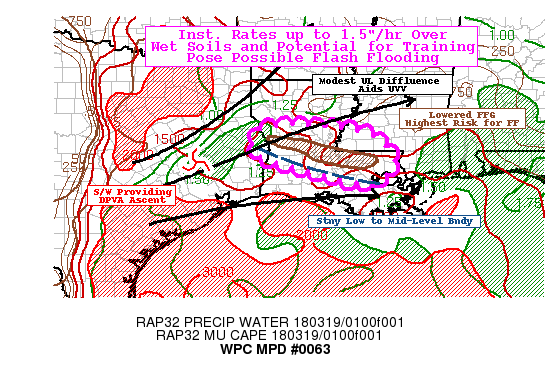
AREAS AFFECTED...CENTRAL LA...FAR SOUTHWEST MS...EXT EASTERN TX

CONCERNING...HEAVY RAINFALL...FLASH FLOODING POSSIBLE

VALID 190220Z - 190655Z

SUMMARY...POTENTIAL TRAINING THROUGH AREAS OF LOWERED FFG
VALUES/SATURATED SOILS SUGGESTS POSSIBLE FLASH FLOODING THREAT
THROUGH 07Z.

DISCUSSION...GOES-16 10.3 EIR LOOP AND LIGHTNING NETWORK DATA
DETECT RECENT UPTICK IN CONVECTIVE DEVELOPMENT ACROSS THE PINEY
REGION OF EAST TX STARTING TO ADVANCE INTO WEST CENTRAL LA.  WV
SUITE SUGGEST A WEAK SHORTWAVE PROVIDING SOME ENHANCED DPVA WITHIN
A WEAKLY DIFFLUENT UPPER LEVEL PATTERN TO MAINTAIN CONVECTION.  IN
THE LOWER LEVELS INSTABILITY HAS BEEN MAINTAINED WITH UPPER 60S
TDS IN THE UPSTREAM ENVIRONMENT WITH ONSHORE CONFLUENT STREAMLINES
SUPPORTING MODEST MOISTURE CONVERGENCE.  3.9UM SWIR DETECTED AN
OLD LINGERING BOUNDARY ORIENTED FROM THE COMPLEX ESE TOWARD LAKE
PONTCHARTRAIN LIKELY SET BY EARLIER MORNING CONVECTION AND APPEARS
TO EFFECTIVE POOLING OF INSTABILITY WITH MUCAPES REMAINING AROUND
THE 1500-2000 J/KG RANGE.  LOW LEVEL SHEAR HAS BEEN RECENTLY
SUPPORTING ROTATING UPDRAFTS AND STRONG HAIL SIGNATURES...BUT
GIVEN MST FLUX AND TPWS UP TO 1.5" THERE IS LIKELY TO BE MODERATE
TO HEAVY RAINFALL ASSOCIATED WITH THESE CORES AS WELL WITH RATES
UP TO 1.5"/HR.

A CURRENT LIMITING FACTOR IS RELATED TO THE STRENGTH OF THE FLOW
WHERE EASTERLY FORWARD MOTIONS UP TO 25-30KTS ARE LIKELY TO LIMIT
OVERALL RAINFALL TOTALS FROM ANY GIVEN CELL TO AT OR BELOW 1.0" IN
ANY GIVEN SPOT.  HOWEVER...SUPERCELLS WOULD LIKELY BE A BIT SLOWER
AND LIKELY TURN RIGHT TOWARD THE BOUNDARY AND POTENTIALLY GIVEN
CURRENT TREND/ORIENTATION POSE A THREAT FOR CELLS TO BECOME
FAVORABLY ANGLED FOR SOME  ISOLATED TRAINING.  TO MAKE MATTERS
MORE CONCERNING FOR THE POTENTIAL FOR FLOODING...CURRENT CELL
TRACK APPEARS TO BE NEAR/JUST SOUTH OF THE MORNING CONVECTION'S
TRACK WHERE FFG VALUES HAVE BEEN COMPROMISED WHERE EVEN 3HR VALUES
ARE AOA 1.0-1.25" FROM THE VIC OF KPOE TO KHDC.  AS SUCH THERE IS
A POSSIBLE THREAT FOR FLASH FLOODING THROUGH THE LAST HOURS OF
SUNDAY INTO MONDAY MORNING.